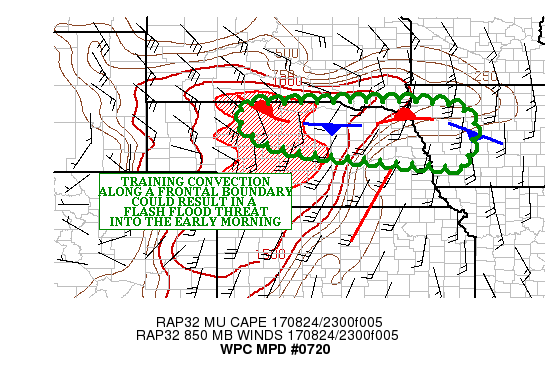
AREAS AFFECTED...NORTHERN NE INTO WESTERN IA

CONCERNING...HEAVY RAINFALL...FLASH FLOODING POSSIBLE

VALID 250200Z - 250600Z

SUMMARY...CONVECTION TRAINING ALONG A FRONTAL BOUNDARY EXTENDING
FROM NORTHERN NE INTO WESTERN IA COULD POSE A FLASH FLOOD THREAT
INTO THE EARLY MORNING HOURS.

DISCUSSION...REGIONAL RADARS SHOWED AN INCREASING AREA OF
CONVECTION ALONG A STATIONARY FRONT EXTENDING FROM NORTH CENTRAL
NE INTO WESTERN IA THIS EVENING. THE CONVECTION IS DEVELOPING IN
AN AXIS OF 500-1000 J/KG OF MUCAPE ALONG AND JUST SOUTH OF THE
FRONT...AND THESE VALUES WERE SUPPORTED BY 00Z RAOBS IN THE
REGION.

AN AXIS OF 1.50 INCHES OF PRECIPITABLE WATER AIR HAS POOLED ALONG
THE FRONT...AS AN INCREASING LOW LEVEL JET (THE LATEST RAP
INDICATES LOW LEVEL FLOW INCREASES TO 35 KNOTS AFTER 04Z) SUPPLIES
MOISTURE ALONG AND NORTH OF THE FRONT IS A BROAD WARM AIR
ADVECTION PATTERN.

THE MID LEVEL FLOW BACKS OVER WESTERN AND CENTRAL NE AHEAD OF A
SHORT WAVE OVER WY/CO...AND WEAKENS TO UNDER 10 KNOTS. THIS COULD
ALLOW THE CONVECTION THAT DEVELOPS TO SPREAD ALONG THE FRONT TO
MOVE SLOWLY SOUTHEAST (BASED ON PROPAGATION VECTORS). THE TRAINING
CONVECTION INCREASES THE POTENTIAL FOR FLASH FLOODING.

THE MOST RECENT HRRR AND 12Z WRF ARW HAD THE FOCUS FOR CONVECTION
FURTHER WEST ACROSS WESTERN AND CENTRAL NE...WHERE THREE HOUR
FLASH FLOOD VALUES ARE FAIRLY HIGH (OVER THE SAND HILLS). THE BEST
LOW LEVEL INFLOW SUPPORTS CONVECTION OVER EASTERN NE INTO WESTERN
IA...WHERE FLASH FLOOD GUIDANCE VALUES ARE LOW 1.00 TO 1.50 INCHES
OVER NORTHEAST NE AND FAR WESTERN IA. MOST OF THE AVAILABLE HIGH
RESOLUTION GUIDANCE IS NOT CAPTURING THIS ACTIVITY WELL.

GIVEN THE HOURLY RAINFALL RATES SEEN ON THE KFSD RADAR...2.00 TO
3.00 INCHES OF RAINFALL CAN BE EXPECTED ALONG THE FRONT... WITH
THE HIGHEST AMOUNTS OVER EASTERN NE/WESTERN IA. GIVEN THE TRAINING
OVER AREAS WITH LOWER FLASH FLOOD GUIDANCE VALUES... FLASH
FLOODING IS POSSIBLE INTO THE EARLY MORNING HOURS.